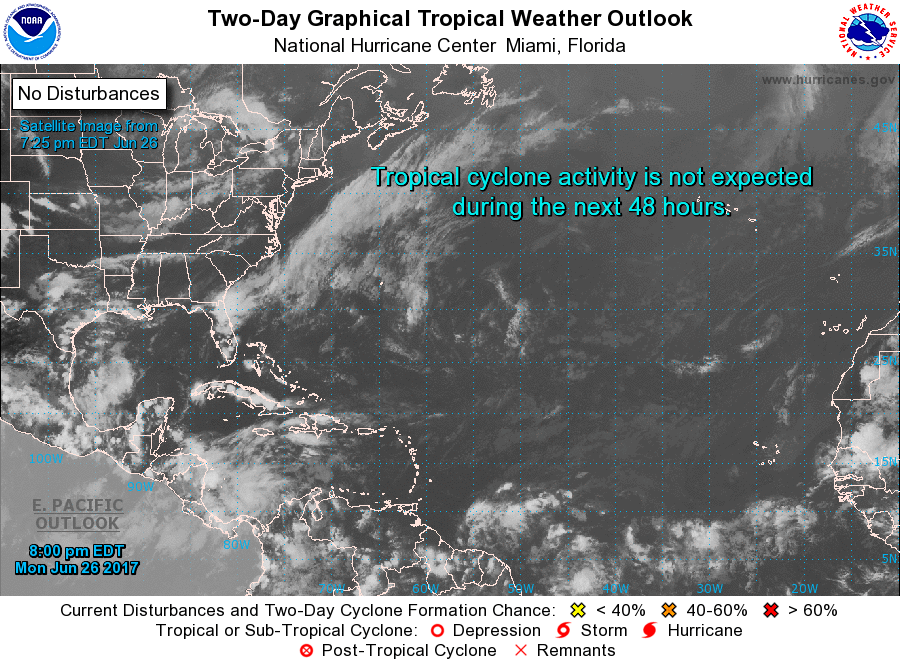
For the North Atlantic...Caribbean Sea and the Gulf of Mexico:

Tropical cyclone formation is not expected during the next 5 days.

Forecaster Brown